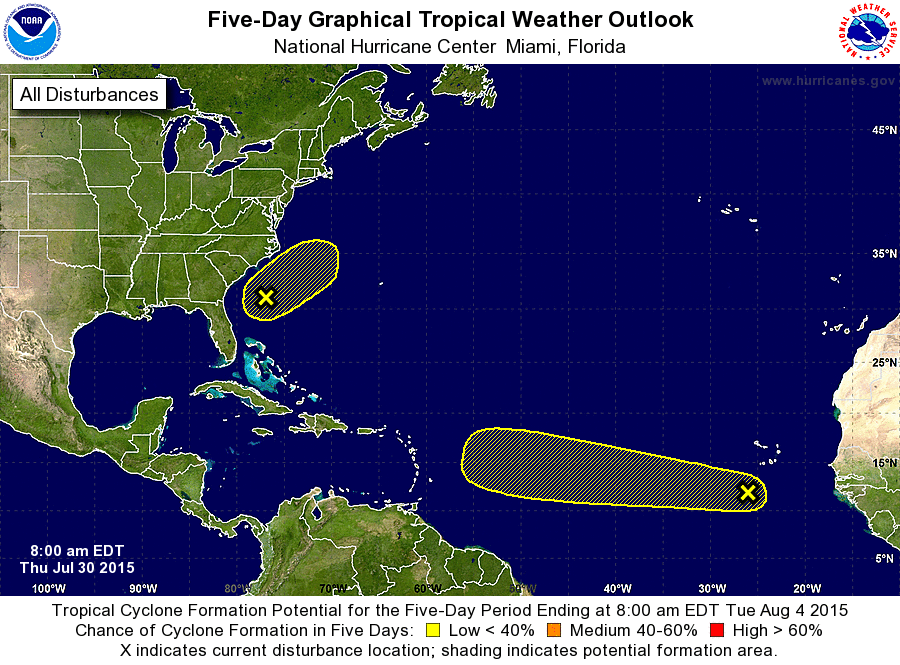
For the North Atlantic...Caribbean Sea and the Gulf of Mexico:

1. A tropical wave accompanied by a broad area of low pressure is located a couple of hundred miles southwest of the Cape Verde Islands. Although this system is currently producing a large area of showers and thunderstorms, further development, if any, should be slow to occur while it moves westward near 15 mph during the next several days.
* Formation chance through 48 hours...low...10 percent
* Formation chance through 5 days...low...30 percent

2. An elongated area of low pressure located a couple of hundred miles east of the Georgia coast is accompanied by disorganized shower and thunderstorm activity. The low is expected to move northeastward parallel to the southeastern coast of the United States with no significant development, and is forecast to merge with a frontal system by Friday.
* Formation chance through 48 hours...low...10 percent
* Formation chance through 5 days...low...10 percent

Forecaster Stewart